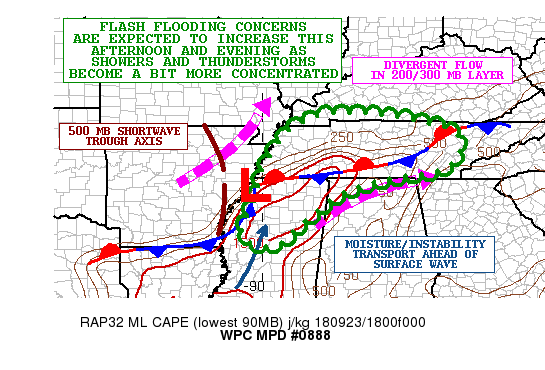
Areas affected...Central/Northern MS...TN...Far Southwest to
South-Central KY...Far Northwest AL

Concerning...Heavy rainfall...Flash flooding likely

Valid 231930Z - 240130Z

Summary...Showers and thunderstorms are expected to become more
widespread and concentrated in nature this afternoon and evening.
Heavy rainfall rates and wet antecedent conditions will likely
result in some flash flooding.

Discussion...The latest GOES-16 WV imagery suite is showing a
modest 500 mb shortwave and associated trough axis advancing east
across central/eastern AR this afternoon with an axis of upper
level divergence noted downstream from this over northern MS and
much of western/central TN. Meanwhile, a wave of low pressure is
noted along a front near Tunica, MS. Ahead of this surface wave is
plenty of deep layer moist southerly flow and also an increasingly
unstable boundary layer, with the latest rap analysis showing as a
nose of MLCAPE upwards of 1500 j/kg pooling up ahead of a cold
front entering northwest MS and then extending east along a
stationary front across southern TN to the east of the
aforementioned surface low.

Over the next few hours, stronger instability is expected to nose
up across northern MS and into southwest and south-central TN as
additional diurnal heating further destabilizes the boundary
layer. Given the approaching upstream shortwave energy and focused
low level convergence near the front, a more widespread and
focused area of heavy showers and thunderstorms will be expected
through the remainder of the afternoon and into the evening hours.
While the most concentrated activity should be near the front,
there will be sufficient large scale warm advection and forcing
aloft for at least steady moderate to heavy rainfall with some
embedded elevated convection farther north up across northwest TN
and into southwest to south-central KY.

PWATs across the region remain quite high with values of 1.8 to
2.2 inches, with the greatest moisture concentrated up across
northern MS. Given the depth of moisture, highly efficient
rainfall processes are likely to result in enhanced rainfall rates
with hourly amounts of as much as 2 to 2.5 inches possible within
stronger convective cores.

The recent runs of the HRRR have been supporting more concentrated
heavy rainfall developing across areas of western/central TN and
locally over northern MS over the next several hours which will be
rainfall on top of what has already occurred over the last 24
hours. The antecedent conditions are quite wet here, and with the
HRRR supporting an additional 2 to 4 inches with local amounts to
near 5 inches through mid-evening, flash flooding will become
increasingly likely. Will continue to monitor this closely.